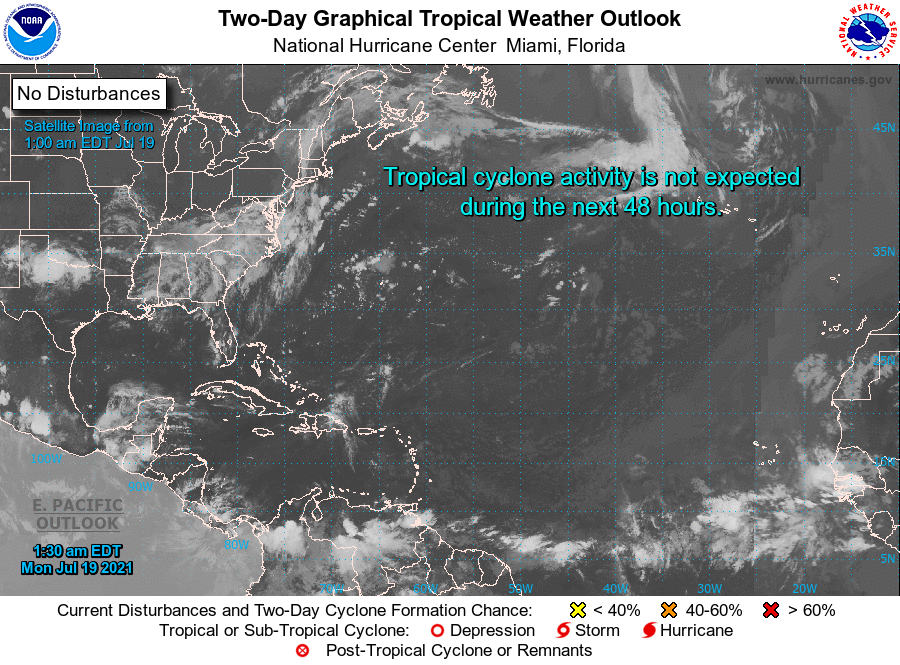
For the North Atlantic...Caribbean Sea and the Gulf of Mexico:

Tropical cyclone formation is not expected during the next 5 days.

Forecaster Pasch